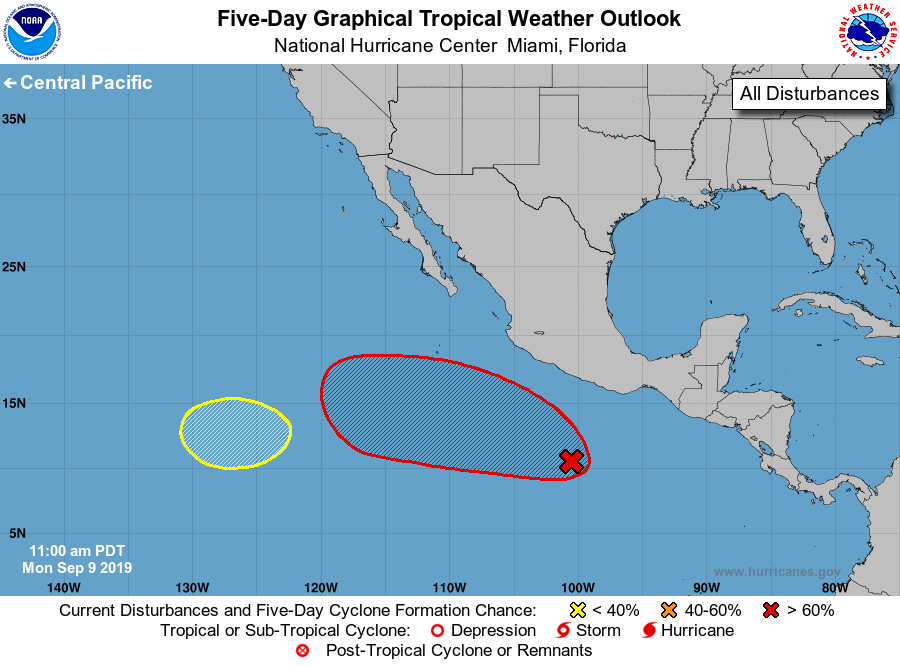
For the eastern North Pacific...east of 140 degrees west longitude:

1. A tropical wave located a few hundred miles south of Acapulco, Mexico, continues to produce a broad area of disorganized showers and thunderstorms. Development of this system is anticipated, and a tropical depression is likely to form during the next few days while the system moves west-northwestward at 10 to 15 mph.
* Formation chance through 48 hours...medium...50 percent.
* Formation chance through 5 days...high...90 percent.

2. An area of low pressure is expected to form more than 1000 miles to the southwest of the southern tip of the Baja California Peninsula by late this week. Some additional slow development is possible as the system moves slowly westward.
* Formation chance through 48 hours...low...near 0 percent.
* Formation chance through 5 days...low...20 percent.

Forecaster Beven/Hagen